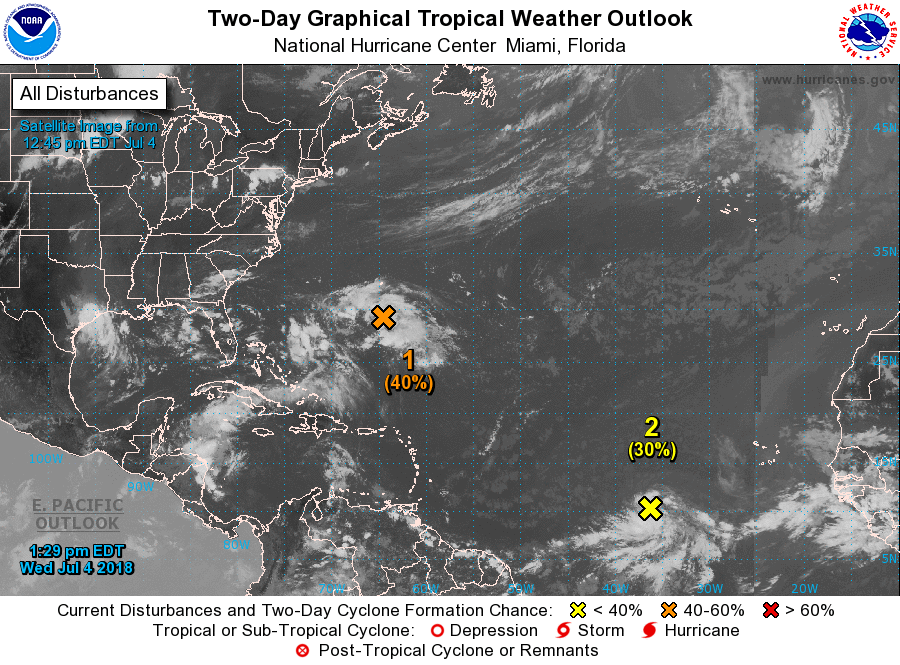
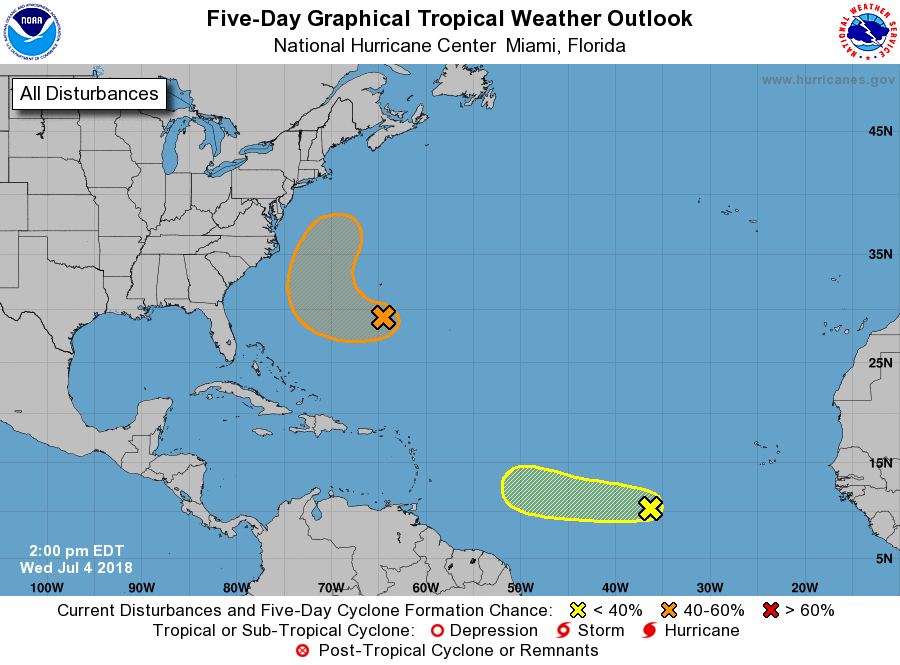
For the North Atlantic...Caribbean Sea and the Gulf of Mexico:

1. Disorganized showers and thunderstorms located within a few hundred miles to the south of Bermuda are associated with a trough of low pressure. Environmental conditions appear conducive for some development of this system, and a tropical depression could form before the end of the week while the system moves west-northwestward and then northward between Bermuda and the east coast of the United States. The system is then forecast to interact with a frontal system on Sunday, which would limit any additional development.
* Formation chance through 48 hours...medium...40 percent.
* Formation chance through 5 days...medium...60 percent.

2. Shower activity has changed little in organization near a small area of low pressure and tropical wave located several hundred miles west-southwest of the Cabo Verde Islands. In addition, recent satellite-derived wind data and visible satellite images suggest that the system may not have a closed surface wind circulation. Some development of this system is possible during the next day or two while it moves westward at 10 to 15 mph over the tropical Atlantic Ocean. Upper-level winds are expected to become less conducive for development by this weekend when the system approaches the Lesser Antilles.
* Formation chance through 48 hours...low...30 percent.
* Formation chance through 5 days...low...30 percent.

Forecaster Berg